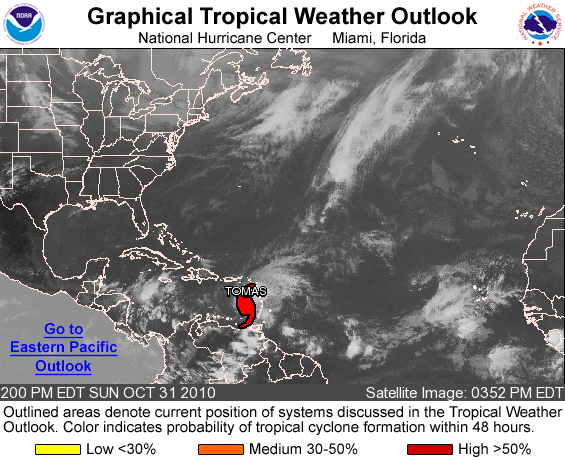
FOR THE NORTH ATLANTIC...CARIBBEAN SEA AND THE GULF OF MEXICO...

THE NATIONAL HURRICANE CENTER IS ISSUING ADVISORIES ON HURRICANE TOMAS...LOCATED ABOUT 180 MILES WEST OF ST LUCIA IN THE WINDWARD ISLANDS.

ELSEWHERE...TROPICAL CYCLONE FORMATION IS NOT EXPECTED DURING THE NEXT 48 HOURS.

FORECASTER CANGIALOSI